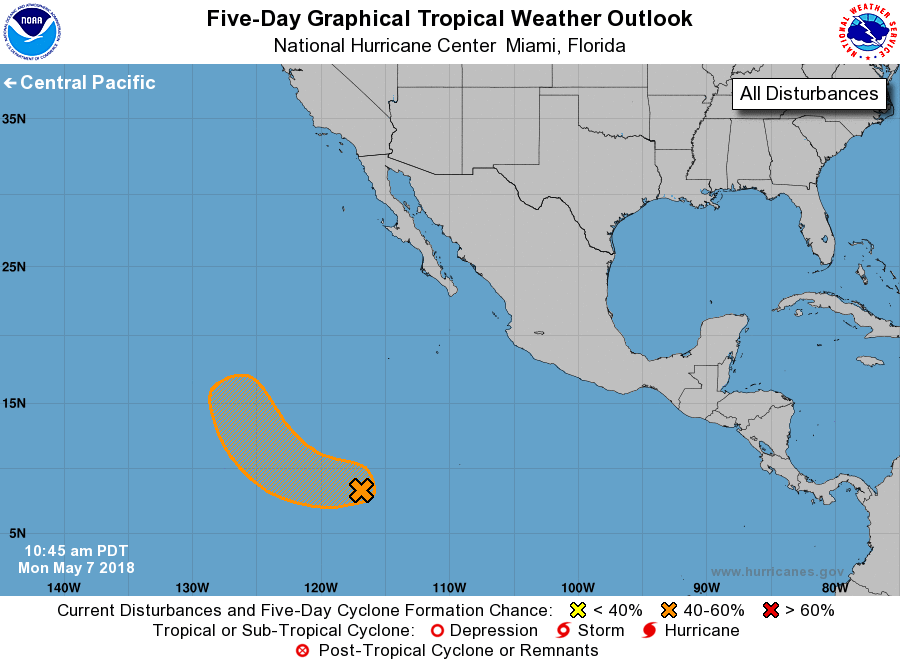
For the eastern North Pacific...east of 140 degrees west longitude:

1. A large area of disturbed weather has formed a little more than one thousand miles south-southwest of the southern tip of the Baja California peninsula. Environmental conditions are forecast to be marginally favorable for some development during the next day or two while the disturbance moves generally toward the west-northwest and northwest. After that time, upper-level winds are expected to become less conducive for tropical cyclone formation. The next Special Tropical Weather Outlook on this system will be issued by 11 AM PDT Tuesday, or earlier, if necessary.
* Formation chance through 48 hours...low...30 percent.
* Formation chance through 5 days...medium...40 percent.

Forecaster Avila